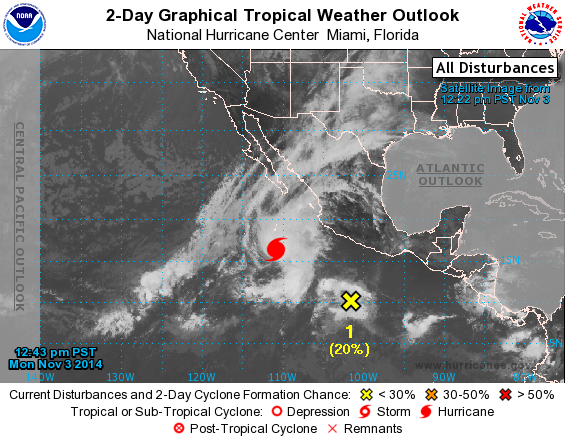
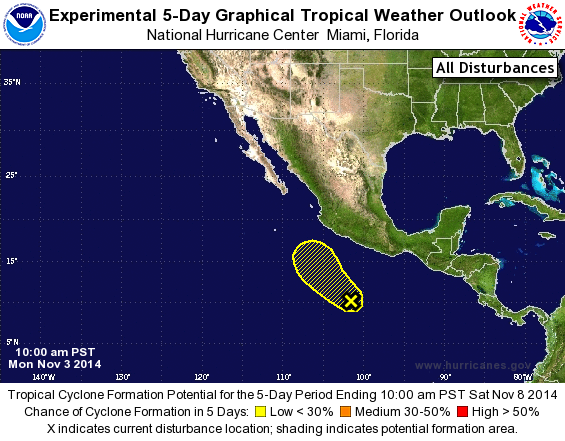
For the eastern North Pacific...east of 140 degrees west longitude:

The National Hurricane Center is issuing advisories on Hurricane Vance, located several hundred miles west-southwest of Manzanillo, Mexico.

1. A small area of low pressure located several hundred miles south-southwest of Acapulco, Mexico continues to produce disorganized showers and thunderstorms. Some slow development of this system is possible during the next day or two while it moves west-northwestward at about 15 mph. After that time, development is not expected due to strong upper-level winds.
* Formation chance through 48 hours...low...20 percent.
* Formation chance through 5 days...low...20 percent.

Forecaster Cangialosi